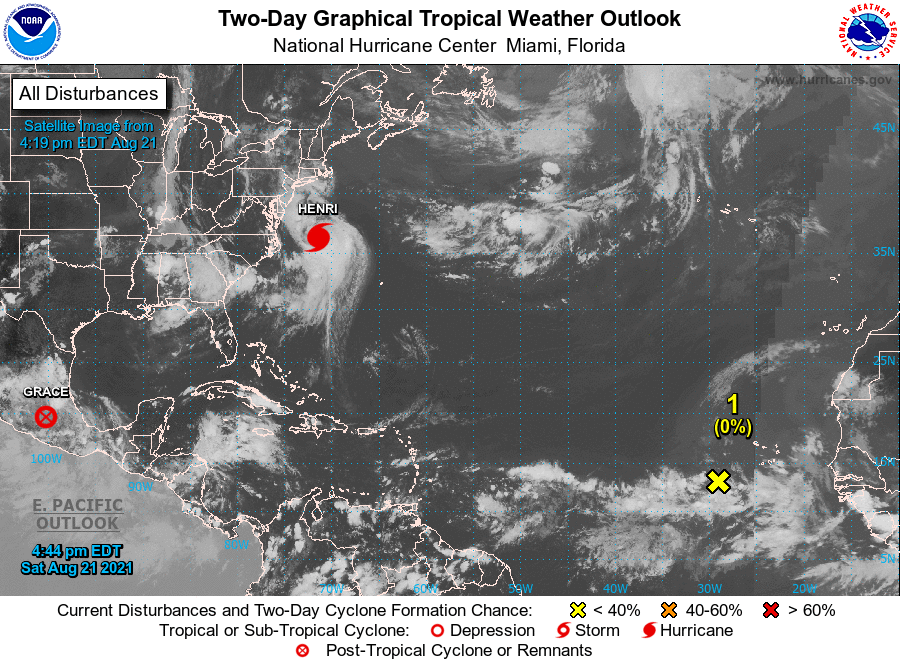
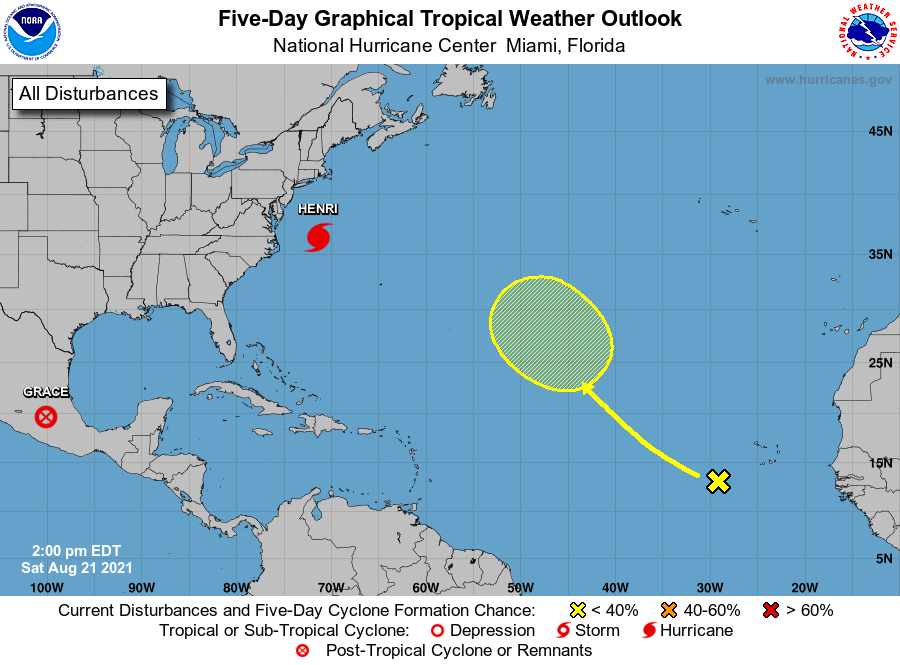
For the North Atlantic...Caribbean Sea and the Gulf of Mexico:

The National Hurricane Center is issuing advisories on recently downgraded Tropical Storm Grace, located inland over east-central Mexico, and on recently upgraded Hurricane Henri, located a couple of hundred miles east of Cape Hatteras, North Carolina.

1. Disorganized shower activity over the eastern tropical Atlantic is associated with a tropical wave near the Cabo Verde Islands and another wave to its west. Development of this system is becoming less likely as it moves to the northwest at 5 to 10 mph.
* Formation chance through 48 hours...low...near 0 percent.
* Formation chance through 5 days...low...10 percent.

Forecaster Cangialosi